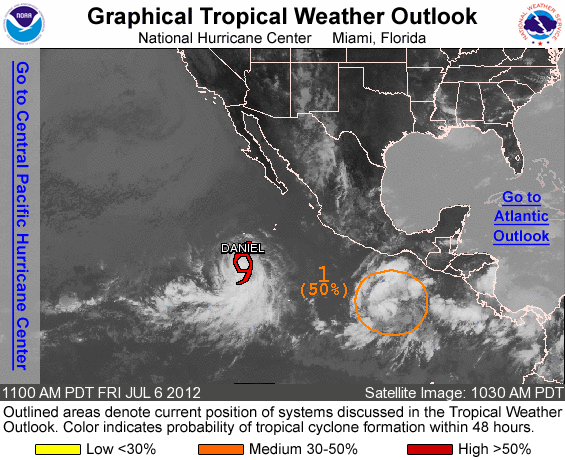
FOR THE EASTERN NORTH PACIFIC...EAST OF 140 DEGREES WEST LONGITUDE..

THE NATIONAL HURRICANE CENTER IS ISSUING ADVISORIES ON TROPICAL STORM DANIEL...LOCATED ABOUT 650 MILES SOUTH-SOUTHWEST OF THE SOUTHERN TIP OF BAJA CALIFORNIA.

1. SHOWER AND THUNDERSTORM ACTIVITY ASSOCIATED WITH A BROAD AREA OF LOW PRESSURE LOCATED SEVERAL HUNDRED MILES SOUTH OF THE GULF OF TEHUANTEPEC HAS BEGUN TO SHOW SIGNS OF ORGANIZATION OVER THE PAST FEW HOURS. ENVIRONMENTAL CONDITIONS APPEAR FAVORABLE FOR ADDITIONAL DEVELOPMENT...AND THIS SYSTEM HAS A MEDIUM CHANCE...50 PERCENT...OF BECOMING A TROPICAL CYCLONE DURING THE NEXT 48 HOURS AS IT MOVES WESTWARD AT 10 TO 15 MPH.

ELSEWHERE...TROPICAL CYCLONE FORMATION IS NOT EXPECTED DURING THE NEXT 48 HOURS.

FORECASTER BRENNAN/BLAKE